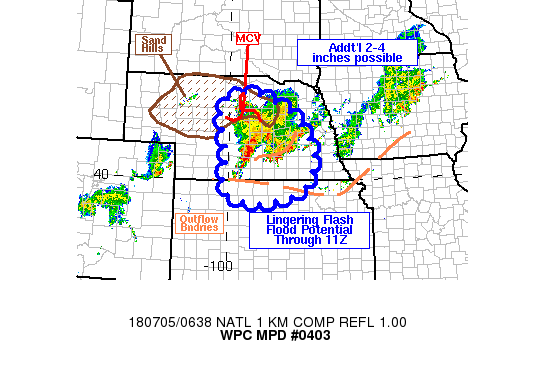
AREAS AFFECTED...CENTRAL NEBRASKA INTO FAR NORTHERN KANSAS

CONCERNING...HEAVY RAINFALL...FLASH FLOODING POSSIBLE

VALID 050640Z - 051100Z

SUMMARY...RAINFALL RATES OF 1.5-2.5 IN/HR WILL CONTINUE FOR
ANOTHER 2-4 HOURS ACROSS CENTRAL AND SOUTHERN NEBRASKA BEFORE
WANING. LOCALIZED FLASH FLOODING WILL BE POSSIBLE ALONG WITH AN
ADDITIONAL 2-4 INCHES.

DISCUSSION...ELEVATED CONVECTION CONTINUES TO PRODUCE LOCALLY
HEAVY RAINFALL RATES IN SOUTH CENTRAL NEBRASKA WITH KLXN REPORTING
2.22 IN/HR ENDING AT 06Z. OVERALL MOVEMENT HAS BEEN TOWARD THE
SOUTH-SOUTHEAST...FOLLOWING OUTFLOW PROPAGATION TOWARD THE SOUTH.
AN MCV WAS IDENTIFIED OVER CENTRAL NEBRASKA IN REFLECTIVITY LOOPS
AND RAP ANALYSES...WITH LOCALLY STRONGER 700 MB FLOW LOCATED TO
ITS SOUTHEAST HELPING TO SUPPORT PERIODS OF TRAINING ACROSS
SOUTH-CENTRAL NEBRASKA.

VERY SLOW MOVEMENT OF THE MCV TOWARD THE SOUTHEAST IS EXPECTED
OVER THE NEXT FEW HOURS...AND WHILE INSTABILITY IS EXPECTED TO
CONTINUE TO WANE...THE POTENTIAL FOR HEAVY RAIN WILL CONTINUE FOR
AT LEAST THE NEXT COUPLE OF HOURS. SURFACE BASED OUTFLOW SHOULD
CONTINUE TO TRACK SOUTHWARD INTO KANSAS THROUGH 10Z...BUT THE
PRESENCE OF LOCALLY STRONGER 700 MB FLOW NEAR THE MCV AND UPPER
LEVEL SPEED DIVERGENCE/UPPER DIFFLUENCE OVER THE REGION SHOULD
CONTINUE TO SUPPORT VERTICAL LIFT WITH SOME LOCATIONS EXPECTED TO
PICK UP AN ADDITIONAL 2-4 INCHES OF RAINFALL THROUGH 10 OR 11Z.

THE HRRR SEEMS TO HAVE HAD A REASONABLE HANDLE ON THIS SCENARIO
BUT APPEARS TO BE DISSIPATING CONVECTION TOO EARLY RESULTING IN
LOWER RAINFALL TOTALS THAN WHAT IS EXPECTED. FLASH FLOODING WILL
BE POSSIBLE ACROSS THE MORE SENSITIVE REGIONS OF SOUTHERN NEBRASKA
INTO KANSAS.